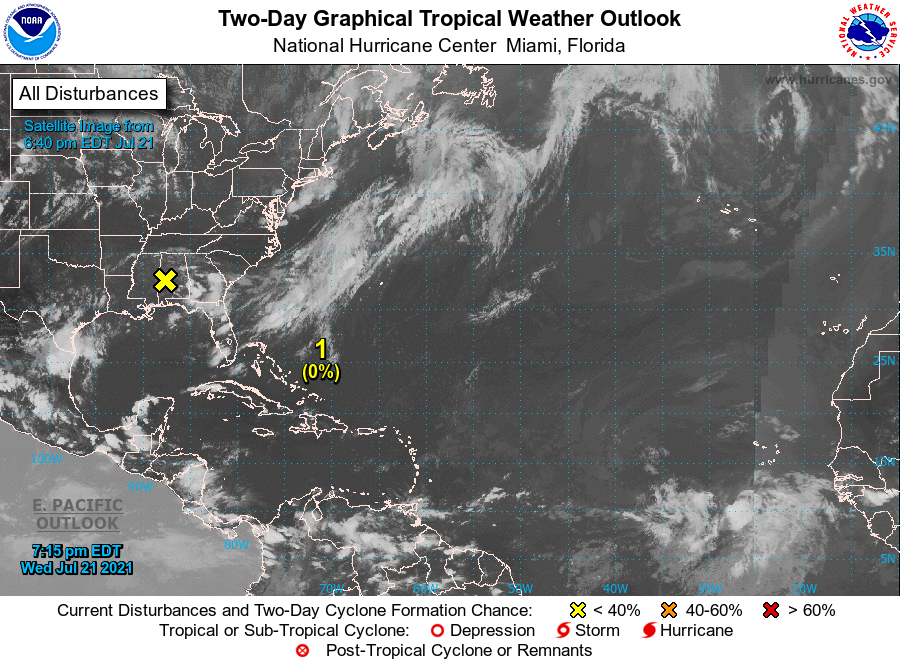
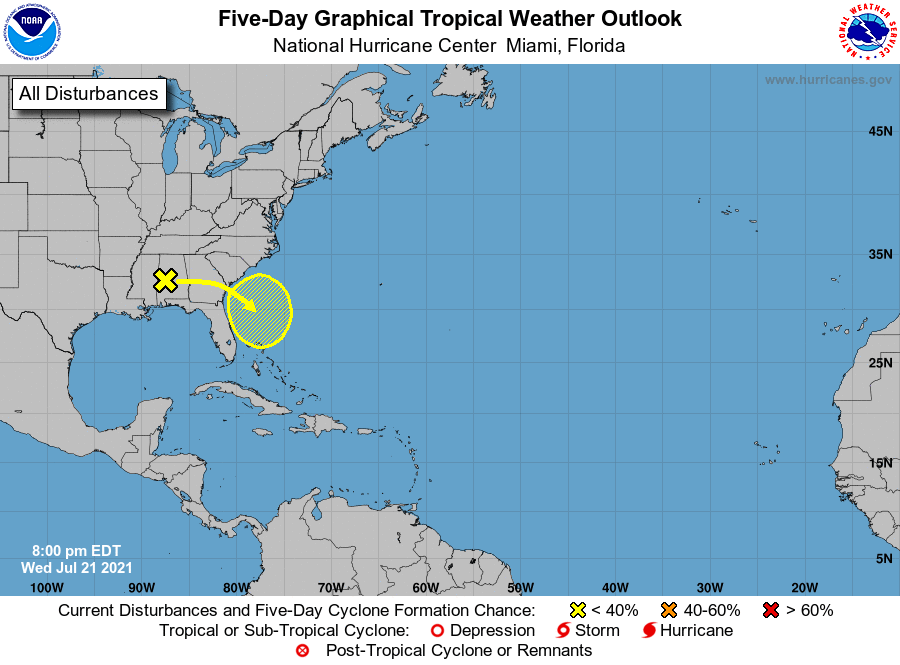
For the North Atlantic...Caribbean Sea and the Gulf of Mexico:

1. A broad trough of low pressure associated with a dissipated frontal system over Alabama and Georgia is forecast to move offshore of the southeastern United States coastline on Friday. Environmental conditions are forecast to be marginally conducive for some gradual development over the weekend and into early next week while the system meanders offshore the coasts of South Carolina, Georgia, and northeastern Florida.
* Formation chance through 48 hours...low...near 0 percent.
* Formation chance through 5 days...low...30 percent.

Forecaster Stewart